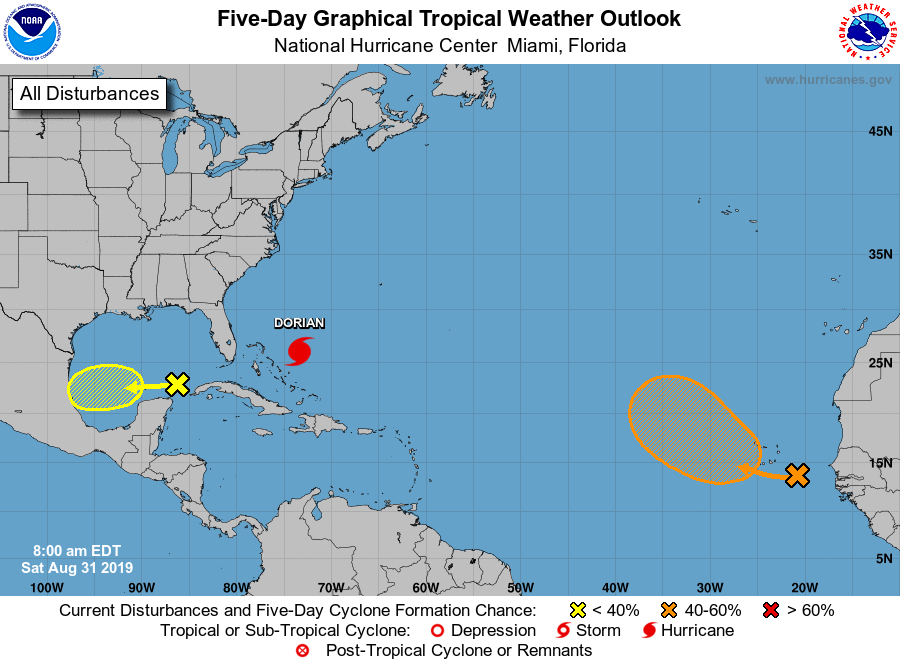
For the North Atlantic...Caribbean Sea and the Gulf of Mexico:

The National Hurricane Center is issuing advisories on Hurricane Dorian, located a few hundred miles east of the northwestern Bahamas.

1. A tropical wave located about midway between the coast of Africa and the Cabo Verde Islands continues to produce a large area of showers and a few thunderstorms. Environmental conditions appear conducive for development of this system, and a tropical depression could form next week while the system moves across the eastern tropical Atlantic Ocean. Heavy rainfall is possible over portions of the southern Cabo Verde Islands during the next few days, and interests on those islands should monitor the progress of this system.
* Formation chance through 48 hours...low...20 percent.
* Formation chance through 5 days...medium...60 percent.

2. A broad area of low pressure located over the southeastern Gulf of Mexico is producing disorganized showers and thunderstorms. Some gradual development of this system is possible during the next several days while it moves slowly westward across the southern and southwestern Gulf of Mexico.
* Formation chance through 48 hours...low...10 percent.
* Formation chance through 5 days...low...20 percent.

Forecaster Zelinsky